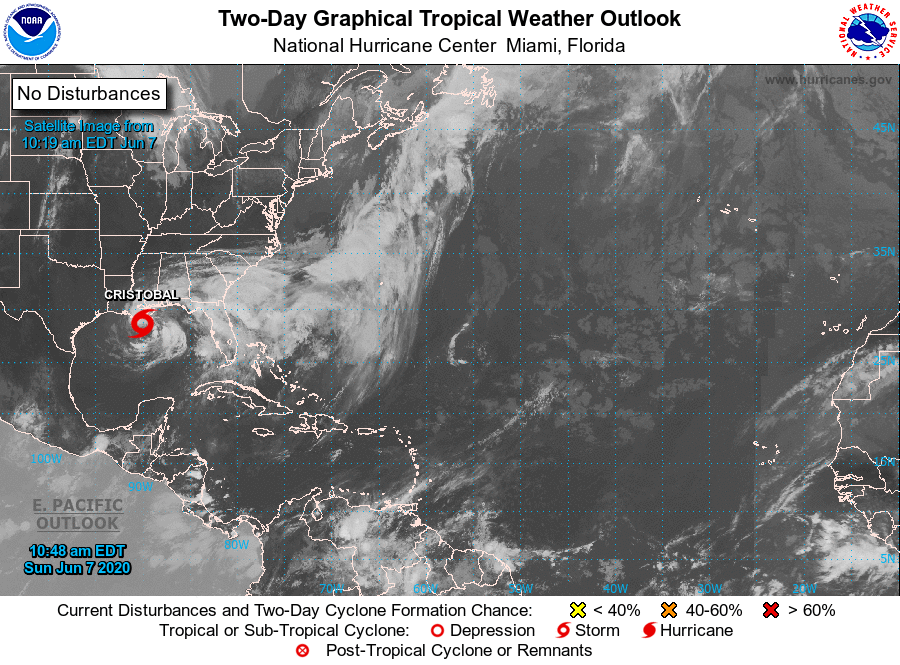
For the North Atlantic...Caribbean Sea and the Gulf of Mexico:

The National Hurricane Center is issuing advisories on Tropical Storm Cristobal, centered over the northern Gulf of Mexico.

1. A non-tropical area of low pressure is expected to form a few hundred miles east or northeast of Bermuda within a couple of days. This system could then acquire some subtropical characteristics by mid-to-late week while the low meanders over the western Atlantic.
* Formation chance through 48 hours...low...near 0 percent.
* Formation chance through 5 days...low...20 percent.

Forecaster Blake